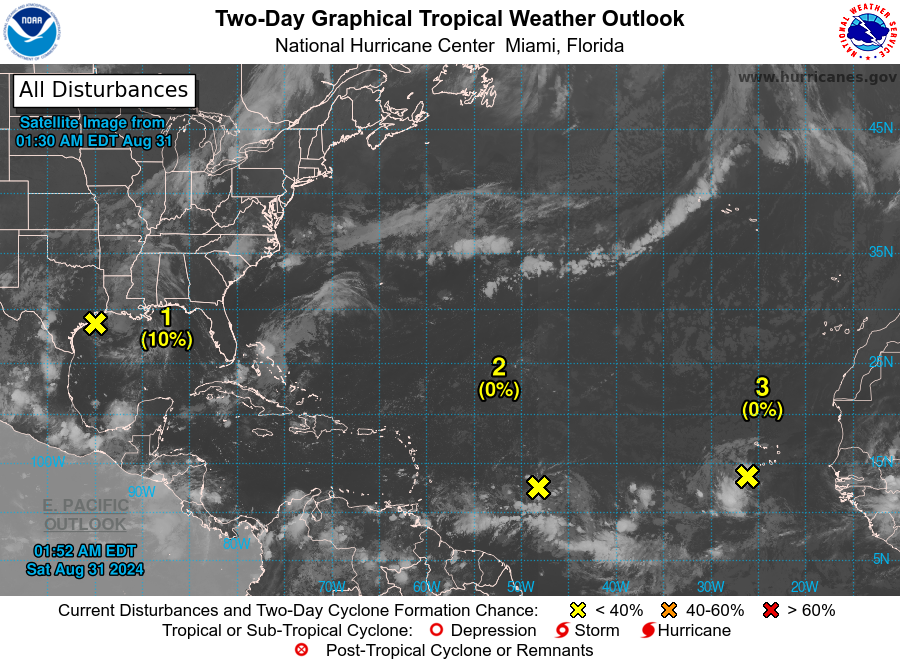
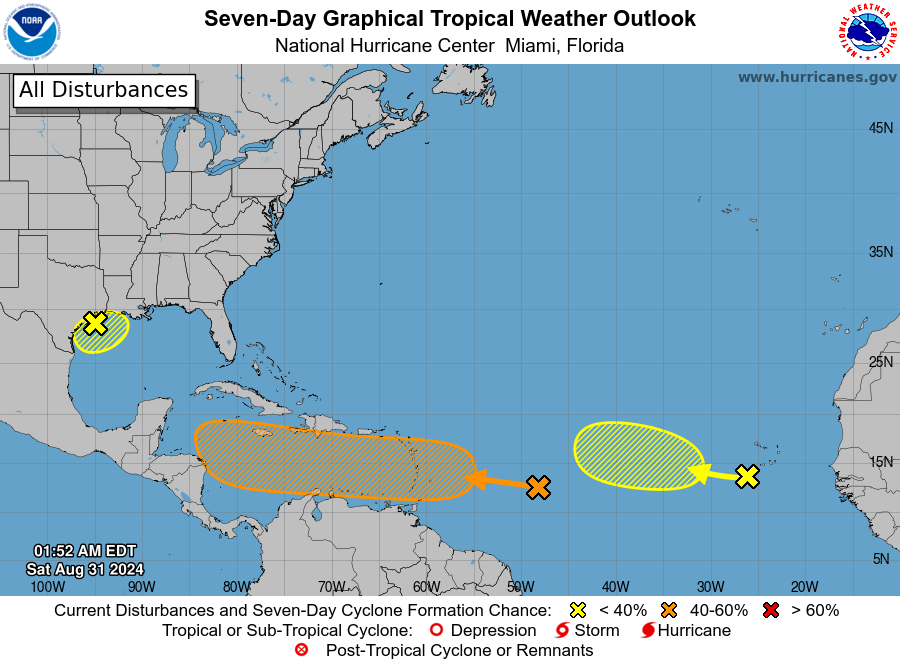
For the North Atlantic...Caribbean Sea and the Gulf of Mexico:

1. Northwestern Gulf of Mexico: A surface trough of low pressure over the northwestern Gulf of Mexico is producing a large area of disorganized showers and thunderstorms along and just offshore the coasts of Texas and Louisiana. Surface observations continue to show no signs of a closed circulation. This system is expected to meander near the coast through much of next week, and some slow development is possible if it remains offshore. Regardless of development, heavy rains could cause some flash flooding across portions of coastal Louisiana and the upper Texas coast during the next few days.
* Formation chance through 48 hours...low...10 percent.
* Formation chance through 7 days...low...20 percent.

2. Near the Lesser Antilles and Caribbean Sea: Showers and thunderstorms associated with a tropical wave several hundred miles east of the Lesser Antilles remain disorganized. Gradual development of this system is possible during the next few days, and a tropical depression could form some time next week while it moves westward, reaching the Lesser Antilles on Monday and continuing across the Caribbean Sea through the middle to latter part of the week.
* Formation chance through 48 hours...low...near 0 percent.
* Formation chance through 7 days...medium...50 percent.

3. Eastern Tropical Atlantic: Another tropical wave just the west of the Cabo Verde Islands is producing disorganized shower and thunderstorm activity. Some slow development of this system is possible through late next week while it moves slowly to the west-northwest over the eastern and central tropical Atlantic.
* Formation chance through 48 hours...low...near 0 percent.
* Formation chance through 7 days...low...20 percent.

Forecaster Bucci